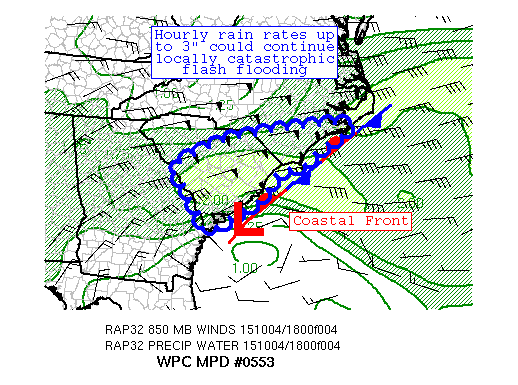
AREAS AFFECTED...PORTIONS OF THE CAROLINAS

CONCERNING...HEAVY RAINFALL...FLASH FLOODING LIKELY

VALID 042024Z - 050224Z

SUMMARY...A BAND OF THUNDERSTORMS WITH HEAVY RAINFALL CONTINUES IN
THE EASTERN CAROLINAS.  FLASH FLOODING REMAINS LIKELY IN AN AREA
WITH SATURATED SOILS.

DISCUSSION...A BROKEN BAND OF HEAVY RAINFALL STRETCHED FROM
SOUTHEAST NC INTO CENTRAL SC, WITH RADAR ESTIMATES OF HOURLY RAIN
RATES ~2".  RAINFALL ESTIMATES DURING THE PAST SIX HOURS OF 4-5"
HAVE A RECURRENCE INTERVAL OF 25-50 YEARS.  IT LIES WITHIN A WARM
CONVEYOR BELT/ATMOSPHERIC RIVER WRAPPING AROUND THE NORTH SIDE OF
A DEEP LAYERED CYCLONE, WHICH CONTINUES TO DRAW IN SOME OF
HURRICANE JOAQUIN'S PERIPHERAL MOISTURE.  PRECIPITABLE WATER
VALUES ARE 1.7-2.3" IN THIS REGION PER GPS VALUES AND RECENT RAP
FORECASTS, TWO SIGMAS ABOVE THE MEAN FOR EARLY OCTOBER.  INFLOW AT
850 HPA IS 25-45 KTS PER RECENT VAD WIND PROFILES, NEAR THE
MAGNITUDE OF THE 850-400 HPA MEAN WIND.

CAM GUIDANCE ADVERTISES LOCAL AMOUNTS OF 3-6" DURING THE NEXT
SEVERAL HOURS, THOUGH A BIT FARTHER TO THE SOUTH OF WHERE THE
ONGOING RAIN IS FALLING.  THIS WOULD COMPOUND EXISTING FLOOD AND
FLASH FLOOD ISSUES.  THERE ARE INDICATIONS WITHIN RAP MASS FIELDS
(850 HPA WIND, MUCAPE, AND BOUNDARY LAYER MOISTURE CONVERGENCE)
THAT SOME SOUTHWARD SHIFT/REDEVELOPMENT IS POSSIBLE OVER THE NEXT
SEVERAL HOURS.  AS CIN REDEVELOPS THIS EVENING, THE RAIN BAND
COULD MAKE GREATER PROGRESS INLAND, SIMILAR TO LAST NIGHT.
SOUTHERN REGION PRECIPITATION ESTIMATES INDICATE THAT LOCAL
AMOUNTS OF 20"+ HAVE FALLEN ACROSS PORTIONS OF THIS AREA OVER THE
PAST THREE DAYS, CLOSE TO IF NOT EXCEEDING HISTORIC RAIN EVENT
RECORDS FOR THE CAROLINAS. CLOSE TO 30" OF RAIN HAVE FALLEN DURING
THE PAST COUPLE WEEKS, JUST OVER HALF OF WHAT USUALLY FALLS IN A
GIVEN YEAR. SOILS ARE SATURATED.  AVAILABLE MOISTURE CONTINUES TO
SUPPORT HOURLY RAIN RATES UP TO 3" WHERE CELLS TRAIN.  FLASH
FLOODING REMAINS LIKELY, WHICH COULD BE LOCALLY CATASTROPHIC.
THIS AREA/INFORMATION WAS COORDINATED WITH SAB/NESDIS.